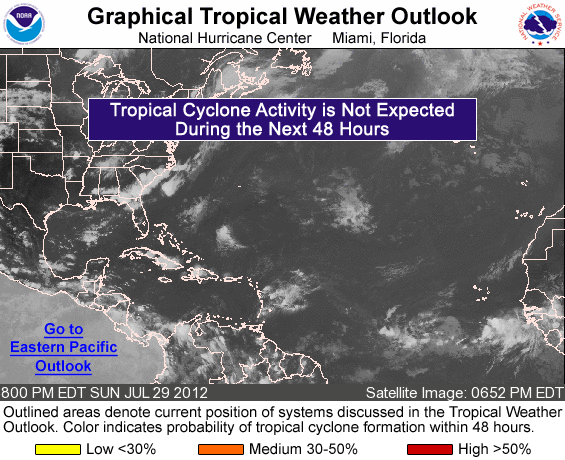
FOR THE NORTH ATLANTIC...CARIBBEAN SEA AND THE GULF OF MEXICO...

TROPICAL CYCLONE FORMATION IS NOT EXPECTED DURING THE NEXT 48 HOURS.

FORECASTER PASCH